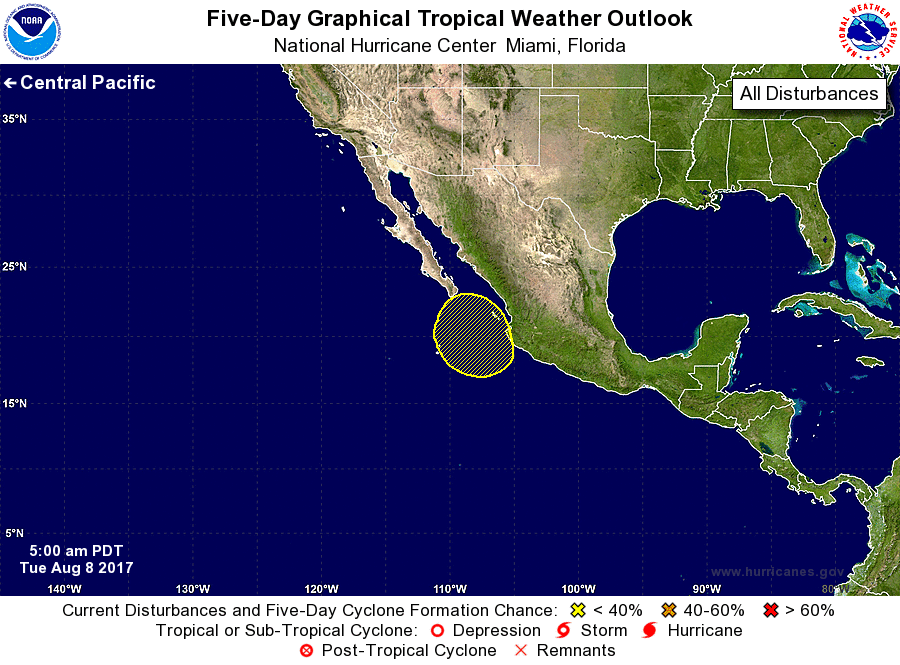
For the eastern North Pacific...east of 140 degrees west longitude:

1. An area of low pressure could form a couple of hundred miles south of the southern tip of the Baja California peninsula late this week in association with the remnants of Atlantic Tropical Storm Franklin after it moves across southern Mexico. Environmental conditions could be conducive for some re-development of the system while it moves toward the west-northwest or northwest near 10 mph.
* Formation chance through 48 hours...low...near 0 percent.
* Formation chance through 5 days...low...20 percent.

Forecaster Cangialosi